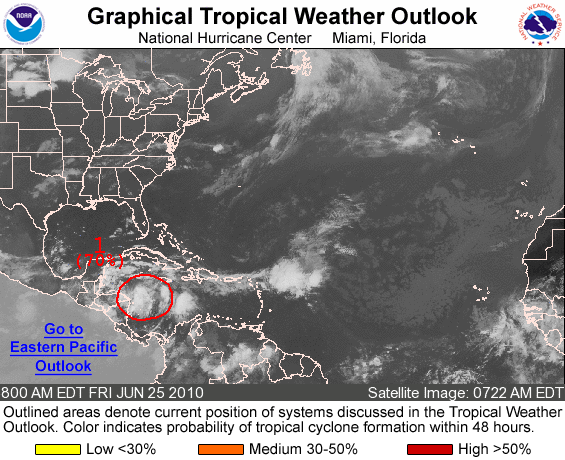
FOR THE NORTH ATLANTIC...CARIBBEAN SEA AND THE GULF OF MEXICO...

1. A LOW PRESSURE AREA CENTERED BETWEEN THE NORTHEAST COAST OF HONDURAS AND GRAND CAYMAN CONTINUES TO SHOW SIGNS OF ORGANIZATION. SHOWER ACTIVITY HAS BECOME A LITTLE MORE CONCENTRATED THIS MORNING...AND SURFACE PRESSURES ARE FALLING. UPPER-LEVEL WINDS ARE GRADUALLY BECOMING MORE CONDUCIVE FOR DEVELOPMENT...AND THE SYSTEM IS LIKELY TO BECOME A TROPICAL DEPRESSION BEFORE IT REACHES THE YUCATAN PENINSULA IN A COUPLE OF DAYS. THERE IS A HIGH CHANCE...70 PERCENT...OF THIS SYSTEM BECOMING A TROPICAL CYCLONE DURING THE NEXT 48 HOURS. AN AIR FORCE RECONNAISSANCE PLANE IS SCHEDULED TO INVESTIGATE THIS DISTURBANCE LATER TODAY TO DETERMINE IF A TROPICAL CYCLONE HAS FORMED.

2. A LARGE BUT DISORGANIZED AREA OF CLOUDINESS AND SHOWERS CENTERED JUST EAST OF THE NORTHERN LEEWARD ISLANDS IS ASSOCIATED WITH A TROPICAL WAVE INTERACTING WITH AN UPPER-LEVEL TROUGH. THIS ACTIVITY IS EXPECTED TO MOVE TOWARD THE NORTHWEST AND ADDITIONAL DEVELOPMENT...IF ANY...WILL BE SLOW TO OCCUR. THERE IS A LOW CHANCE...10 PERCENT...OF THIS SYSTEM BECOMING A TROPICAL CYCLONE DURING THE NEXT 48 HOURS.

ELSEWHERE...TROPICAL CYCLONE FORMATION IS NOT EXPECTED DURING THE NEXT 48 HOURS.

FORECASTER AVILA/ROBERTS